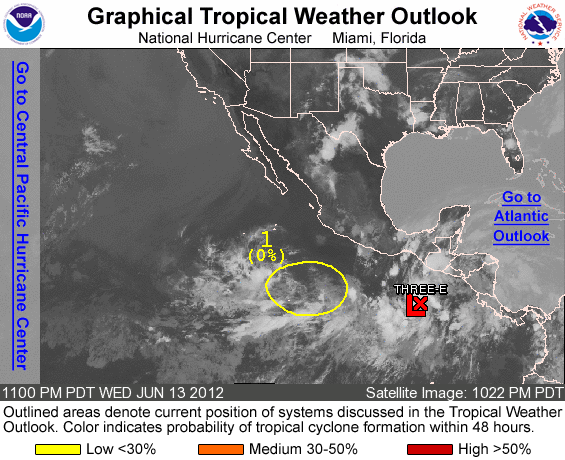
FOR THE EASTERN NORTH PACIFIC...EAST OF 140 DEGREES WEST LONGITUDE..

THE NATIONAL HURRICANE CENTER IS ISSUING ADVISORIES ON NEWLY FORMED TROPICAL DEPRESSION THREE-E...LOCATED ABOUT 470 MILES SOUTH-SOUTHEAST OF PUERTO ANGEL MEXICO.

1. A BROAD TROUGH OF LOW PRESSURE HAS REMAINED NEARLY STATIONARY SEVERAL HUNDRED MILES SOUTHWEST OF ACAPULCO MEXICO. THE ASSOCIATED SHOWER ACTIVITY HAS DECREASED AND SIGNIFICANT DEVELOPMENT OF THIS DISTURBANCE IS NOT EXPECTED DUE TO UNFAVORABLE UPPER-LEVEL WINDS. THIS SYSTEM HAS A LOW CHANCE...NEAR 0 PERCENT...OF BECOMING A TROPICAL CYCLONE DURING THE NEXT 48 HOURS.

ELSEWHERE...TROPICAL CYCLONE FORMATION IS NOT EXPECTED DURING THE NEXT 48 HOURS.

FORECASTER STEWART